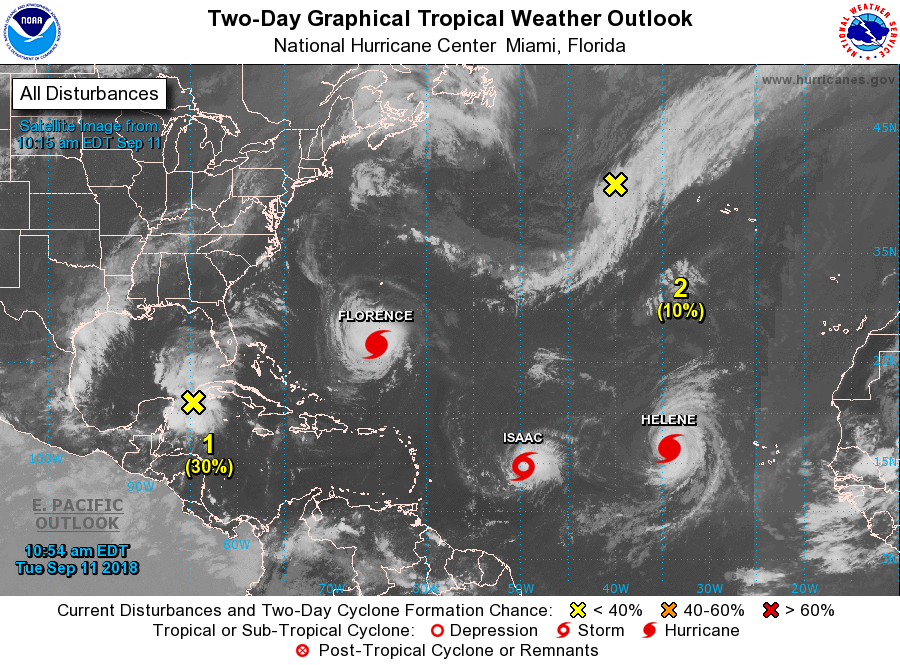
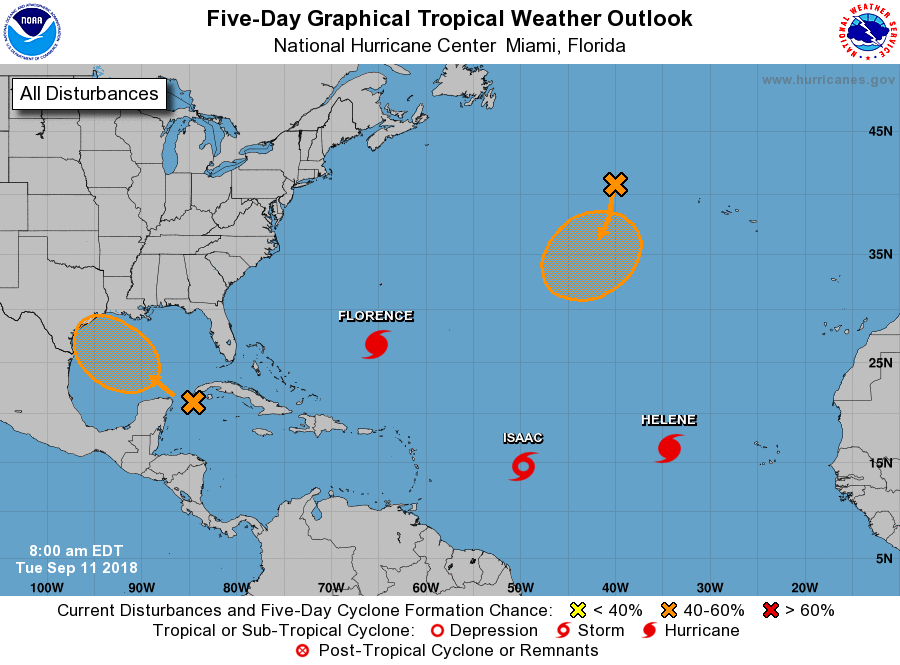
For the North Atlantic...Caribbean Sea and the Gulf of Mexico:

The National Hurricane Center is issuing advisories on Hurricane Florence, located over the west-central Atlantic Ocean, on Hurricane Helene, located over the eastern Atlantic, and on Tropical Storm Isaac, located over the central tropical Atlantic.

1. A large area of disturbed weather over the extreme northwestern Caribbean Sea and the southeastern Gulf of Mexico is a associated with a surface trough interacting with an upper-level low. Although this activity is showing signs of organization, there are no signs of a surface circulation. Limited development is anticipated today, but upper-level winds are forecast to become more conducive, and a tropical depression could form on Thursday or Friday while the disturbance moves across the western Gulf of Mexico. Interests across northeastern Mexico and the coasts of Texas and Louisiana should monitor the progress of this system. Regardless of development, heavy rainfall and gusty winds are likely over western Cuba and portions of the northeastern Yucatan Peninsula today.
* Formation chance through 48 hours...low...30 percent.
* Formation chance through 5 days...medium...60 percent.

2. A non-tropical area of low pressure is forecast to form along a trough of low pressure located over the northeastern Atlantic Ocean. Environmental conditions are conducive for some development, and a tropical or subtropical depression could form by the end of the week while the low meanders over the northeastern Atlantic Ocean.
* Formation chance through 48 hours...low...10 percent.
* Formation chance through 5 days...medium...50 percent.

Forecaster Avila